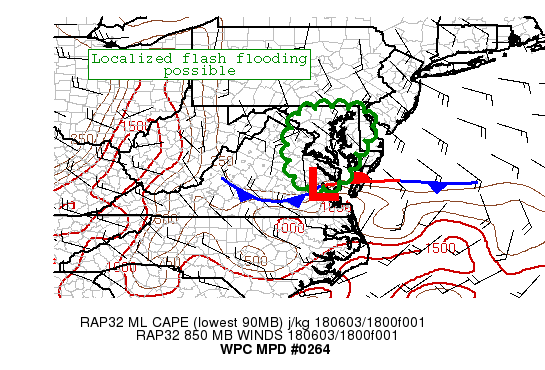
AREAS AFFECTED...PORTIONS OF VA...MD...DC AND DE

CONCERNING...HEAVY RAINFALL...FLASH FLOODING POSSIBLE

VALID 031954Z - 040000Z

SUMMARY...DEFORMATION BAND OF MODERATE TO HEAVY RAIN SHOULD
PERSIST FOR AT LEAST A FEW MORE HOURS BEFORE LIKELY
WEAKENING/DISSIPATING. FLOODING AND FLASH FLOODING WILL REMAIN A
POSSIBILITY INTO EARLY EVENING.

DISCUSSION...AN AREA OF LOW PRESSURE ACROSS SOUTHEASTERN VA HAS
BEEN NEARLY STATIONARY THROUGH THE DAY, BUT IS EXPECTED TO BEGIN
AN EAST-NORTHEASTWARD MOTION OVER THE NEXT SEVERAL HOURS. NORTH OF
THE LOW, A PERSISTENT DEFORMATION BAND HAS PRODUCED MODERATE TO
HEAVY RAIN ACROSS PORTIONS OF VA AND MD THROUGHOUT THE DAY.
INSTABILITY REMAINS RELATIVELY LIMITED, WITH MLCAPE IN THE 500 TO
1000 J/KG RANGE AHEAD OF THE SURFACE LOW/FRONT AND LITTLE TO NO
INSTABILITY IN THE COLD SECTOR NORTH OF THE FRONT. PWATS REMAIN
HIGH, HOWEVER (1.7-1.9 INCHES), AND DYNAMICAL FORCING ALONG WITH
ISENTROPIC LIFTING AND UPSLOPE ENHANCEMENT HAVE MANAGED TO PRODUCE
HEAVY RAIN DESPITE THE LACK OF INSTABILITY. LOCALIZED RAINFALL
RATES AS HIGH AS 2 IN/HR HAVE BEEN REPORTED OCCASIONALLY
THROUGHOUT THE DAY IN THE HEAVIEST SHOWERS.

LATEST RADAR AND SATELLITE IMAGERY INDICATE THAT THIS DEFORMATION
BAND IS BEGINNING TO CONTRACT, AND THE HI-RES GUIDANCE ARE IN
GENERAL AGREEMENT THAT THE BAND SHOULD QUICKLY BEGIN TO WEAKEN
OVER THE NEXT FEW HOURS. THE HRRR/HRRR-EXP ARE THE QUICKEST WITH
THIS PROCESS, BRINGING AN END TO MOST RAIN IN THE DEFORMATION BAND
WITHIN THE NEXT 1-2 HOURS, WHILE THE WRF-ARW/NMM SHOW THIS
OCCURRING OVER A SEEMINGLY MORE REASONABLE 3-4 HOUR TIME PERIOD.
THE ARW/NMM SUGGEST THAT ANOTHER 1-2 INCHES OF ADDITIONAL RAINFALL
ARE POSSIBLE THROUGH THE NEXT SEVERAL HOURS. LOCALIZED FLOODING OR
FLASH FLOODING WILL REMAIN POSSIBLE THROUGH 00Z.